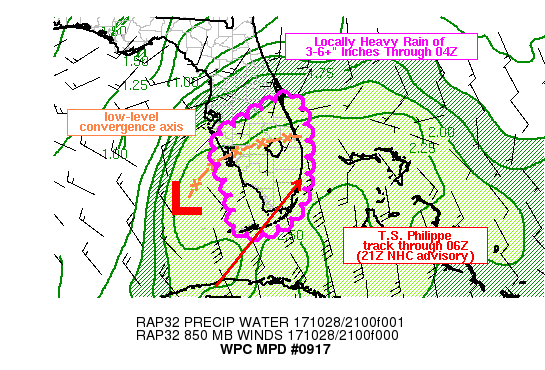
AREAS AFFECTED...S-CNTRL FL INTO THE KEYS

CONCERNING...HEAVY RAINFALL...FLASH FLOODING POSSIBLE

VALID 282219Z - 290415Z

SUMMARY...SLOW MOVING CORES HEAVY RAIN ARE EXPECTED TO PRODUCE
3-6+ INCHES OF RAIN ACROSS PORTIONS OF S-CNTRL TO SRN FLORIDA OVER
THE NEXT 6 HOURS. FLASH FLOODING WILL BE POSSIBLE OVER MORE
URBANIZED LOCATIONS.

DISCUSSION...A TROPICAL AIRMASS OVER THE SOUTHERN HALF OF FLORIDA
IN ADVANCE OF NEWLY NAMED TROPICAL STORM PHILIPPE CONTINUES TO
SUPPORT LOCALLY VERY HEAVY INSTANTANEOUS RAINFALL RATES...WITH
LOCAL WUNDERGROUND.COM OBSERVATION STATIONS REPORTING AS HIGH AS
0.5 INCHES IN 10 MINUTES FROM 21Z. KAMX AND KMLB DUAL POL ONE HOUR
RAINFALL RATES APPEAR TO BE ROUGHLY HALF OF OBSERVATIONS AT
SELECTED SITES ACROSS THE REGION THROUGH 21Z.

IN ADDITION TO PHILIPPE WHICH WAS PLACED OVER WRN CUBA AT 21Z BY
NHC...A SECONDARY LOW WAS NOTED VIA EXPERIMENTAL GOES 16 VISIBLE
IMAGERY AND KBYX RADAR NEAR 25.5N 83.3W AT 2130Z. A JET STREAK WAS
ALSO NOTED ON THE VISIBLE IMAGERY VIA CIRRUS MOVEMENT NORTH OF THE
SECONDARY LOW WITH AN INFERRED RIGHT ENTRANCE REGION NORTHWEST OF
CHARLOTTE HARBOR OVER THE ERN GULF OF MEXICO AIDING DIVERGENCE
ALOFT. A PERSISTENT LOW LEVEL CONVERGENCE AXIS WAS NOTED NORTHEAST
OF THE SECONDARY LOW COINCIDENT WITH AN AREA OF MODERATE TO
LOCALLY HEAVY RAIN EXTENDING ROUGHLY WEST TO EAST FROM NEAR
CHARLOTTE COUNTY TO ST. LUCIE COUNTY. THE HEAVIEST RAIN FROM 2130Z
WAS TIED TO A MCV SLOWLY ARCING NORTH FROM LAKE OKEECHOBEE WITH
ENHANCED CONVERGENCE TO ITS NORTHWEST OVER HIGHLANDS COUNTY WITH
ESTIMATED RAINFALL RATES OF 2-3 IN/HR CORRECTING FOR THE NOTED LOW
BIAS IN DUAL POL ESTIMATES.

SHORT TERM FORECASTS FROM THE RAP HAVE GENERALLY BEEN CONSISTENT
FROM RUN TO RUN SHOWING THE EASTERN END OF THE LOW LEVEL
CONVERGENCE AXIS...ROUGHLY NEAR 850 MB...STAYING NEAR ST. LUCIE
AND INDIAN RIVER COUNTIES WHILE THE AXIS PIVOTS SOUTH WHERE IT
CROSSES THE WRN PENINSULA THROUGH 03Z. THE SECONDARY LOW IS
FORECAST TO SLOWLY MOVE ESE OVER THE NEXT 3-6 HOURS WHILE T.S.
PHILIPPE NEARS THE FLORIDA KEYS THROUGH 03Z. SELY LOW LEVEL FLOW
AHEAD OF PHILIPPE IS EXPECTED TO HELP SUPPORT AN AREA OF FOCUSED
NEAR SURFACE CONVERGENCE ACROSS THE SRN PENINSULA WITH RAINFALL
RATES IN EXCESS OF 3 IN/HR POSSIBLE BY 04Z. WHILE SOME OF THIS
WILL OVERLAP WITH SWAMPLAND...ANY OVERLAP WITH URBANIZED AREAS
WILL POSE A FLASH FLOOD THREAT...BOTH OVER SOUTH FLORIDA AND
LOCATIONS FARTHER NORTH IN AND AROUND THE ROUTE 70 CORRIDOR.